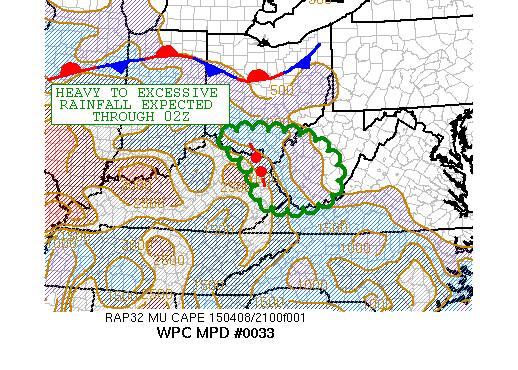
AREAS AFFECTED......EASTERN KY/SOUTHERMOST OH/SOUTHERN WV...

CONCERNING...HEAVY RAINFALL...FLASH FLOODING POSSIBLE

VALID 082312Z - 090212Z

SUMMARY...CLUSTERS OF SHOWERS AND THUNDERSTORMS WITH HEAVY TO
EXCESSIVE RAINFALL ARE EXPECTED ACROSS THE REGION THROUGH THE
EARLY EVENING HOURS.

DISCUSSION...A CLUSTER OF SHOWERS AND THUNDERSTORMS WILL CROSS
EASTERN KY... SOUTHERNMOST OH AND SOUTHERN WV DURING THE EVENING
HOURS. THESE STORMS HAVE PRODUCED SEVERE WEATHER TO THE WEST OF
THE REGION. HOWEVER...AS CLUSTERS OF STORMS MERGE...THE THREAT FOR
FLASH FLOODING INCREASES. FLASH FLOOD VALUES ACROSS THE AREA ARE
AS LOW AS AN INCH IN AN HOUR...AND THESE STORMS HAVE PRODUCED THAT
MUCH RAINFALL ACROSS CENTRAL KY EARLIER.

THE LATEST HIGH RESOLUTION GUIDANCE (INCLUDING THE HRRR AND RAP)
ARE NOT HANDLING THE POTENTIAL FOR HEAVY RAINFALL WELL.
HOWEVER...THE LATEST RAP INDICATES THAT THE INSTABILITY BEING
TAPPED BY THE CONVECTION STARTS TO BECOME EXHAUSTED ACROSS
SOUTHERN WV TOWARD 02Z. A WEAKENING TREND IS EXPECTED AFTER THAT
TIME...AND THE TREAT FOR FLASH FLOODING SHOULD DIMINISH.